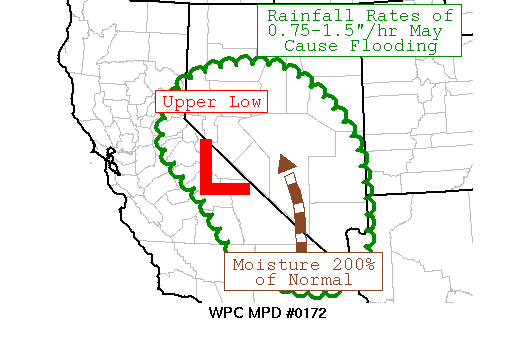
AREAS AFFECTED......NEVADA/CALIFORNIA/ARIZONA...

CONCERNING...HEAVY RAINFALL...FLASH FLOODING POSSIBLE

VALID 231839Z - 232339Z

SUMMARY...DEEP MOISTURE NEARING 200 PERCENT OF NORMAL WILL COMBINE
WITH INCREASING CONVECTIVE
INSTABILITY AND WEAK FLOW TO PRODUCE RAINFALL RATES OF 0.75 TO 1.5
INCHES/HR AS SCATTERED
CONVECTION FORMS THROUGH THE AFTERNOON...POSSIBLY CAUSING FLOODING.

DISCUSSION...A REMNANT UPPER LOW NEAR THE CENTRAL SIERRAS AND DEEP
MOISTURE NEARING 200 PERCENT OF NORMAL ARE NEARLY COINCIDENT WITH
VISIBLE SATELLITE IMAGERY SHOWING RAPIDLY FORMING CUMULUS CLOUDS
ALONG OROGRAPHICALLY-FAVORED DIFFERENTIAL HEATING ZONES...WITH
RADAR BEGINNING TO SHOW THE EARLY STAGES OF CONVECTION.  GOES
SOUNDER ESTIMATES AND RAP ANALYSIS SHOW MOST UNSTABLE AND MIXED
LAYER CAPES FROM AS LOW AS 600 J/KG TO AS HIGH AS 1800 J/KG...WITH
SEVERAL OR MORE HOURS OF INSOLATION REMAINING.  THE 12Z FLAGSTAFF
AND LAS VEGAS RAOBS SHOW WEAK CLOUD LAYER FLOW AVERAGING 10 TO 20
KNOTS...WITH NEARLY UNIDIRECTIONAL INFLOW OF THE SAME MAGNITUDE
SUGGESTING THAT THE ADVECTIVE COMPONENT OF THE CELLS WILL BE
NEARLY OFFSET BY PROPAGATION...RESULTING IN SLOW OR STATIONARY
MOTION.  GIVEN THE INCREASING CAPE VALUES AND ANOMALOUSLY HIGH
MOISTURE-LADEN AIR...CONVECTION THAT DEVELOPS THROUGH THE
AFTERNOON WILL BE CAPABLE OF PRODUCING RAIN RATES OF 0.75 TO 1.5
INCHES/HR...WHICH WILL EXCEED HOURLY FFG VALUES AND MAY CAUSE
FLASH FLOODING.  SOMEWHAT UNCLEAR IS THE POTENTIAL FOR MID/UPPER
LEVEL DRIER AIR ON THE SOUTHERN PERIPHERY OF THE UPPER LOW THAT
COULD SUPPORT CONSIDERABLE ENTRAINMENT OF DRIER AIR WITH
DEVELOPING DOWNDRAFTS...THUS CAUSING ERRATIC THUNDERSTORM MOTION.